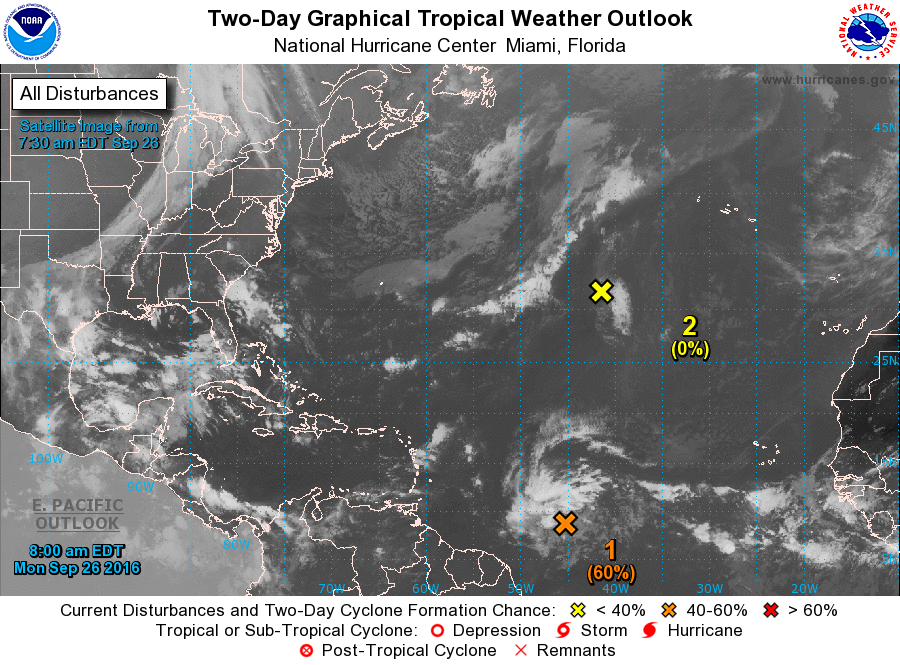
For the North Atlantic...Caribbean Sea and the Gulf of Mexico:

1. Showers and thunderstorms associated with an area of low pressure pressure located about 1100 miles east-southeast of the Windward Islands continue to show signs of organization. Environmental conditions are expected to be conducive for development, and a tropical depression is likely to form around mid-week while the low moves westward to west-northwestward at 15 to 20 mph. Interests in the eastern and central Caribbean Sea, including the northern coast of South America, should monitor the progress of this system. Regardless of development, heavy rains and strong gusty winds should spread over the Windward Islands and portions of the southern Lesser Antilles beginning late Tuesday or Wednesday.
* Formation chance through 48 hours...medium...60 percent
* Formation chance through 5 days...high...90 percent

2. Shower activity increased overnight in association with the remnants of Lisa. Although earlier scatterometer data indicated winds to tropical storm force, the system's circulation was somewhat elongated. Unfavorable environmental conditions are expected to cause the circulation to open up into a trough of low pressure later today without the possibility of regeneration into a tropical cyclone.
* Formation chance through 48 hours...low...near 0 percent
* Formation chance through 5 days...low...near 0 percent

Forecaster Kimberlain